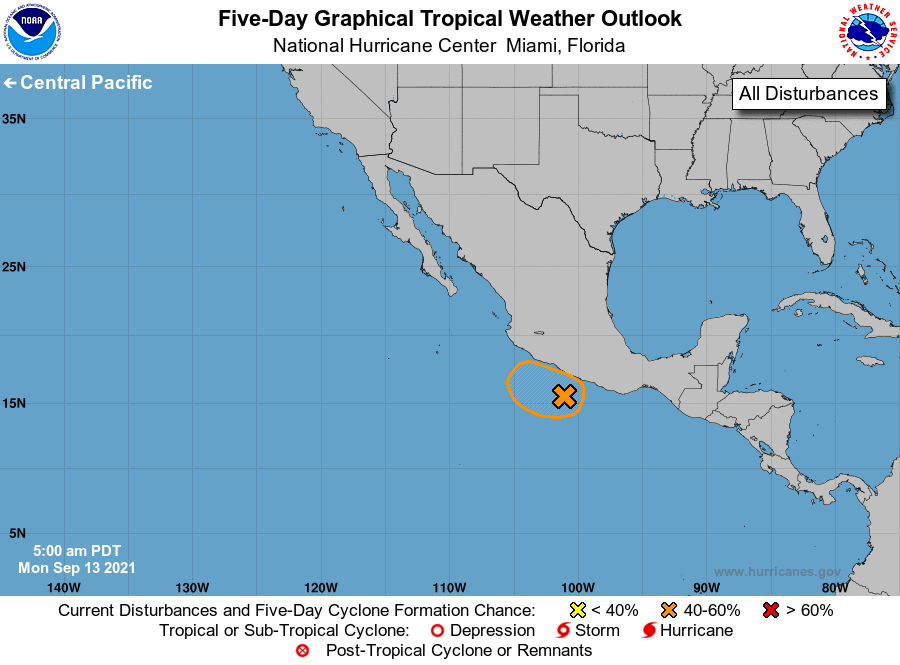
For the eastern North Pacific...east of 140 degrees west longitude:

1. Showers and thunderstorms have increased overnight in association with an elongated area of low pressure located more than 100 miles southwest of Acapulco, Mexico. Environmental conditions are marginally conducive for development, and a tropical depression could form during the next couple of days while it moves westward or west-northwestward just offshore of the coast of southern Mexico. Regardless of development, this system will likely produce heavy rains across portions of southern and southwestern Mexico through Tuesday.
* Formation chance through 48 hours...medium...40 percent.
* Formation chance through 5 days...medium...40 percent.

Forecaster Brown/Hagen